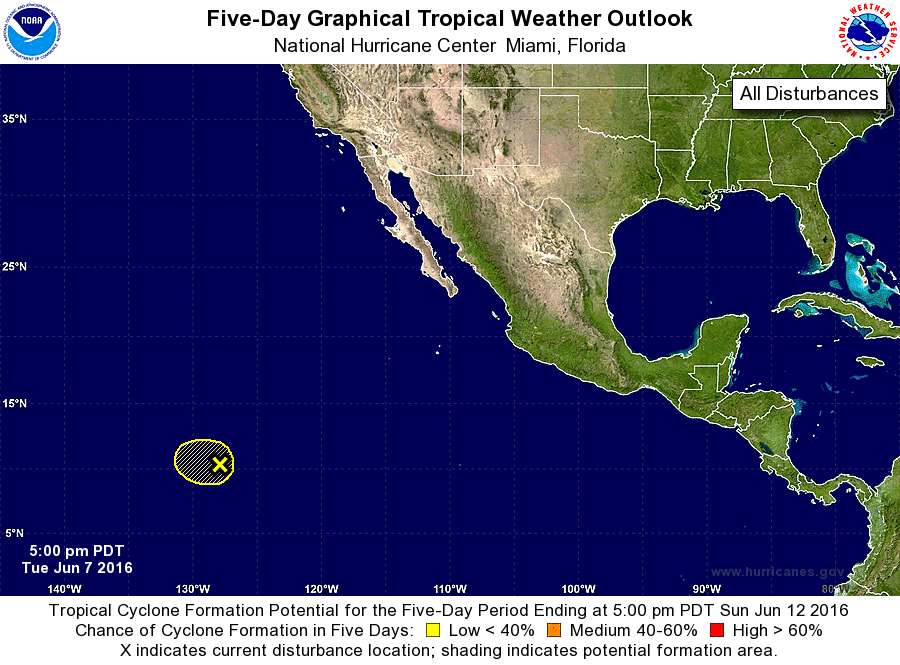
For the eastern North Pacific...east of 140 degrees west longitude:

The National Hurricane Center is issuing advisories on Tropical Depression One-E located just south of southeastern Mexico.

1. A low pressure area located about 1450 miles southwest of the southern tip of the Baja California peninsula continues to produce sporadic bursts of disorganized showers and thunderstorms. This system has lost organization in the past 24 hours, and since environmental conditions are forecast to become less conducive, development is not anticipated.
* Formation chance through 48 hours...low...10 percent
* Formation chance through 5 days...low...10 percent

Forecaster Blake